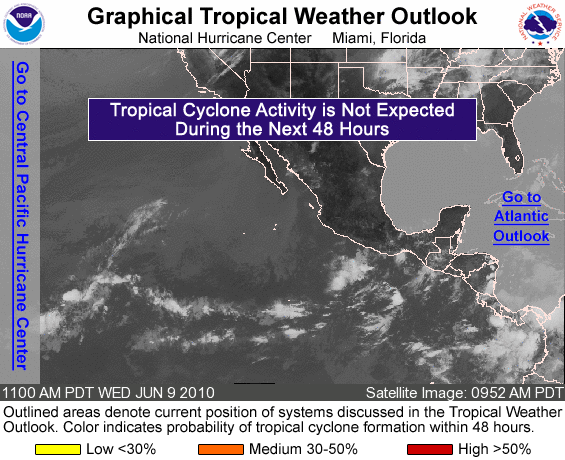
FOR THE EASTERN NORTH PACIFIC...EAST OF 140 DEGREES WEST LONGITUDE..

TROPICAL CYCLONE FORMATION IS NOT EXPECTED DURING THE NEXT 48 HOURS.

FORECASTER AVILA/LANDSEA